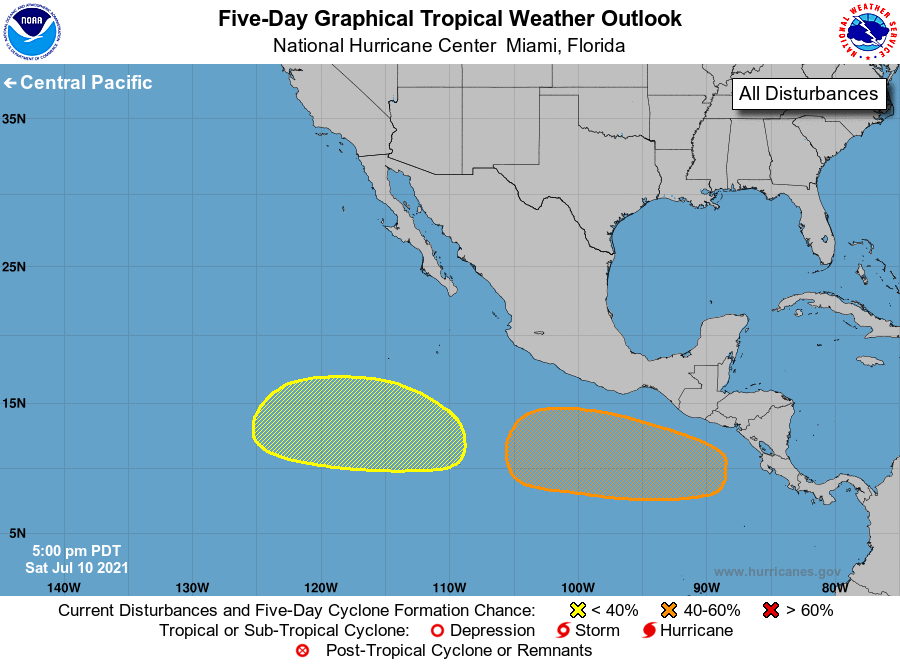
For the eastern North Pacific...east of 140 degrees west longitude:

1. An area of low pressure is expected to develop south or southeast of the Gulf of Tehuantepec in the next few days. Environmental conditions are expected to support gradual development of this system. A tropical depression could form during the middle portion of next week while this system moves generally westward or west-northwestward at 10 to 15 mph.
* Formation chance through 48 hours...low...near 0 percent.
* Formation chance through 5 days...medium...60 percent.

2. Another area of low pressure is expected to form several hundred miles southwest of the southern coast of Mexico by early next week. Some slow development of this system is possible while it moves westward or west-northwestward at 10 to 15 mph.
* Formation chance through 48 hours...low...near 0 percent.
* Formation chance through 5 days...low...20 percent.

Forecaster Papin/Blake